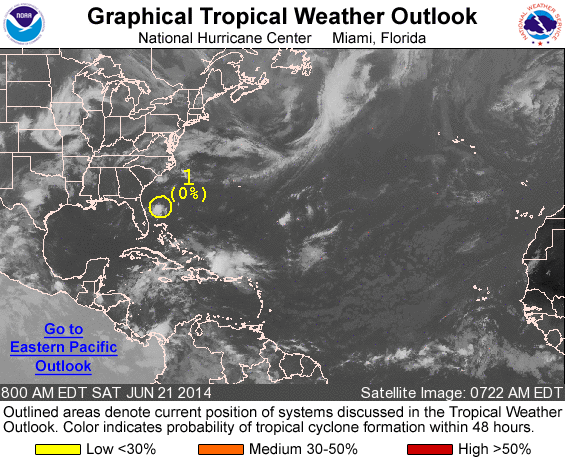
For the North Atlantic...Caribbean Sea and the Gulf of Mexico:

1. A weak area of low pressure is located about 180 miles east of Jacksonville, Florida. Shower activity associated with this system is limited and environmental conditions are not conducive for development as the low the moves northeastward away from the United States coast.
* Formation chance through 48 hours...low...near 0 percent.
* Formation chance through 5 days...low...near 0 percent.

Forecaster Avila